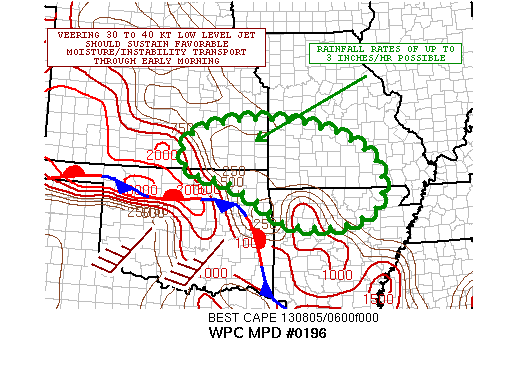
AREAS AFFECTED...SOUTHEAST KS...SOUTHWEST MO...FAR NORTHEAST
OK...NORTHWEST AR

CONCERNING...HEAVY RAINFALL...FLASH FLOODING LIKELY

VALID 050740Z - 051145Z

SUMMARY...SLOW-MOVING LINEAR BANDS OF CONVECTION CONTINUE TO
BACKBUILD AND TRAIN OVER SOUTHEAST KS. ADDITIONAL FLASH FLOODING
IS EXPECTED.

DISCUSSION...LATEST IR SATELLITE IMAGERY SHOWS A REPEATING BAND OF
COLD-TOPPED CONVECTION OVER SERN KS ORIENTED NW/SE JUST TO THE
WEST KCNU. A SECOND AND SOMEWHAT WEAKER BAND OF CONVECTION IS
NOTED IN SWRN MO TO THE NORTH OF KSGF. IN BOTH CASES...THE BANDS
OF HAVE BEEN PRODUCING VERY HVY RAINFALL RATES...AND THERE HAS
BEEN SIGNIFICANT BACK-BUILDING AND TRAINING OF CONVECTIVE
CELLS...ESP IN SERN KS AS THE LATEST RAP ANALYSIS SHOWS A VEERING
LOW LVL JET NOW ON THE ORDER OF 30 TO 40 KTS. THIS CONTINUES TO
OVERRUN A STATIONARY FRONT AND IS PROVIDING NOT ONLY A SUSTAINABLE
MOISTURE/INSTABILITY TRANSPORT PATTERN INTO THE CONVECTIVE
BAND...BUT IS MAINTAINING THE LARGER SCALE WARM ADVECTION PATTERN
OVER THE AREA.

THE LATEST HI-RES MODEL GUIDANCE INSISTS ON A FAVORABLE SET-UP
THROUGH THE EARLY MORNING HOURS FOR ADDITIONAL
BACK-BUILDING/TRAINING OF CONVECTION...WITH PERSISTENCE OF AN
ELEVATED INSTABILITY GRADIENT AND CONTINUED SWLY WARM ADVECTION
OVER THE SFC BNDRY. SOME INCREASE IN AREAL CONVECTIVE COVERAGE IS
EXPECTED...ALTHOUGH MUCH OF THE CONVECTION SHOULD TEND TO REMAIN
QUITE CONCENTRATED OVER SERN KS AND SWRN MO. SOME GRADUAL
DEVELOPMENT OF CONVECTION SEWD INTO NWRN AR AND NERN OK IS STILL
POSSIBLE TOWARD SUNRISE.

RAINFALL RATES AS HIGH AS 3 INCHES/HR ARE EXPECTED AT LEAST
LOCALLY...AND GIVEN THE REPEATING NATURE TO THE CONVECTIVE
BANDS...SOME EXTREMELY HVY RAINFALL AMTS WILL BE POSSIBLE. THIS
COUPLED WITH ALREADY VERY WET ANTECEDENT CONDITIONS WILL FOSTER A
RISK FOR SIGNIFICANT FLASH FLOODING.